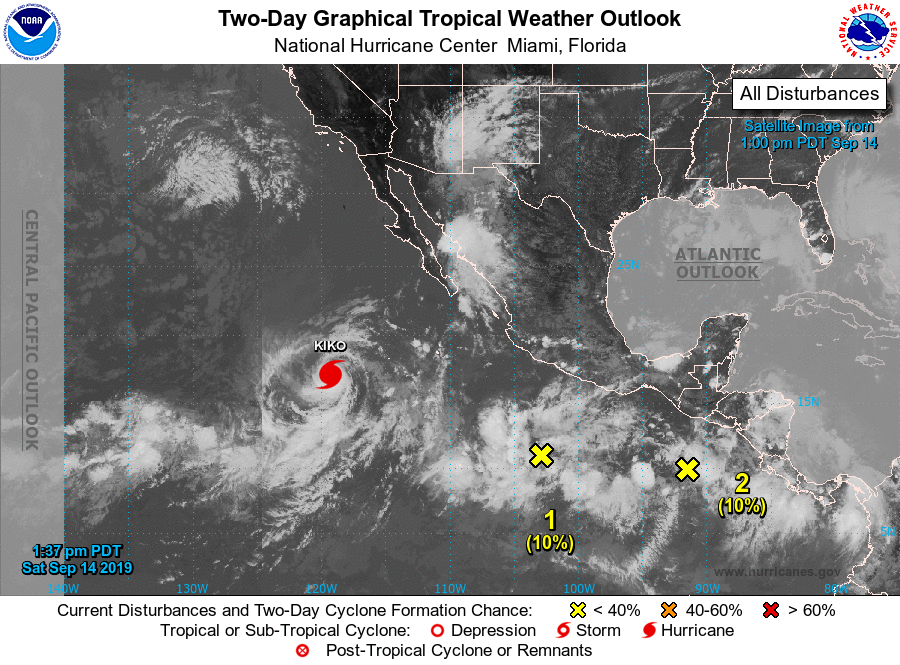
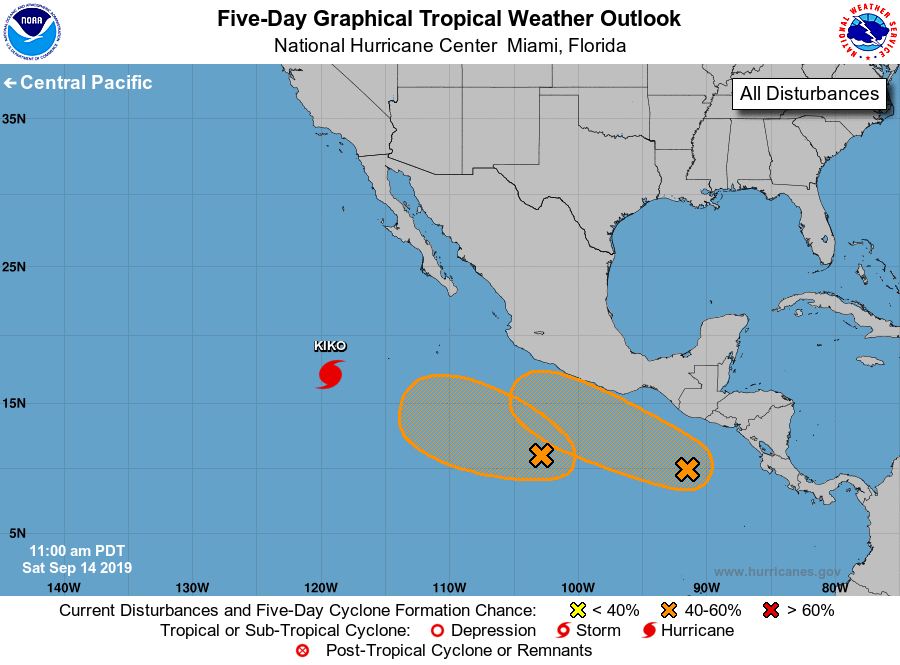
For the eastern North Pacific...east of 140 degrees west longitude:

The National Hurricane Center is issuing advisories on Tropical Storm Kiko, located several hundred miles west-southwest of the southern tip of the Baja California peninsula.

1. A broad area of low pressure located about 500 miles southwest of Acapulco, Mexico, is producing disorganized showers and a few thunderstorms. Some gradual development of this system is possible during the next several days, and a tropical depression could form by the middle of next week while it moves slowly westward or west-northwestward well offshore the southwestern coast of Mexico.
* Formation chance through 48 hours...low...10 percent.
* Formation chance through 5 days...medium...50 percent.

2. Another weak area of low pressure is located a few hundred miles south of the coast of Guatemala. Showers and thunderstorms associated with this disturbance remain disorganized, however, conditions are forecast to be conducive for gradual development. A tropical depression could form by the middle of next week while the system moves west-northwestward, near or parallel to the coast of Mexico.
* Formation chance through 48 hours...low...10 percent.
* Formation chance through 5 days...medium...50 percent.

Forecaster Brown